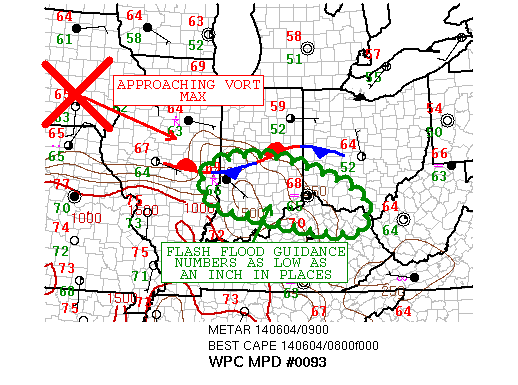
AREAS AFFECTED......CENTRAL AND SOUTHERN I...NORTHERN KY AND
SOUTHWEST OH...

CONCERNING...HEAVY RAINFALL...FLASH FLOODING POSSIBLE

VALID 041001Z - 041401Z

SUMMARY...A MOIST LOW LEVEL FLOW WILL FUEL DEVELOPING STRONG
CONVECTION SOUTH OF A QUASI STATIONARY FRONT ACROSS THE MIDWEST
AND OHIO VALLEY. LOW FLASH FLOOD GUIDANCE VALUES AND HIGH RAINFALL
RATES COULD RESULT IN FLASH FLOODING.

DISCUSSION...CONVECTION CONTINUES TO DEVELOP ALONG AND SOUTH OF A
QUASI STATIONARY FRONT STRETCHING ACROSS IL...IN AND OH. SOUTH OF
THE FRONT...A 25 TO 35 KNOT SOUTHWEST FLOW WILL TRANSPORT
PRECIPITABLE WATER VALUES NEAR 1.75 INCHES INTO THE DEVELOPING
CONVECTION. THE HIGH PRECIPITABLE WATER VALUES MAY RESULT IN
RAINFALL RATES BETWEEN 1 AND 2 INCHES AN HOUR...AS SEEN EARLIER IN
WEST CENTRAL IN. THE ACTIVITY SHOULD INCREASE IN COVERAGE AS
SYNOPTIC SCALE ASCENT IS PROVIDED BY AN APPROACHING MCV LOCATED
OVER SOUTHEAST IA.

ONE AND THREE HOUR FLASH FLOOD GUIDANCE VALUES ARE AS LOW AN INCH
ACROSS PORTIONS OF IN...NORTHERNMOST KY AND SOUTHWEST OH. THE LOW
FLASH FLOOD GUIDANCE VALUES...COUPLED WITH THE INCREASING STRONG
CONVECTION...COULD RESULT IN FLASH FLOODING.